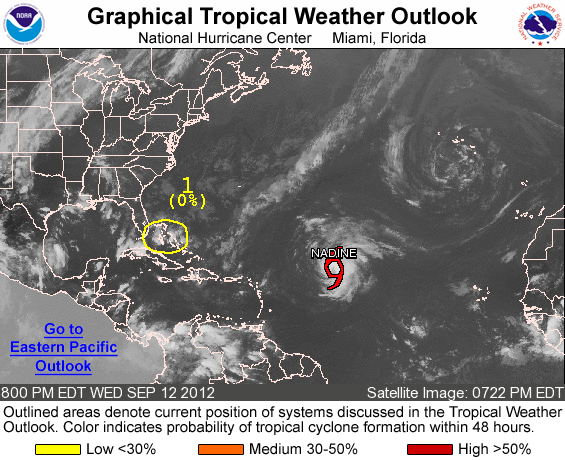
FOR THE NORTH ATLANTIC...CARIBBEAN SEA AND THE GULF OF MEXICO...

THE NATIONAL HURRICANE CENTER IS ISSUING ADVISORIES ON TROPICAL STORM NADINE...LOCATED ABOUT 875 MILES EAST-NORTHEAST OF THE LESSER ANTILLES.

1. A SURFACE TROUGH OF LOW PRESSURE IS PRODUCING AN ELONGATED AREA OF DISTURBED WEATHER ACROSS THE CENTRAL AND NORTHWESTERN BAHAMAS... AND ADJACENT ATLANTIC WATERS...AND THE FLORIDA STRAITS. UPPER-LEVEL WINDS ARE NOT EXPECTED TO BE CONDUCIVE FOR ANY SIGNIFICANT DEVELOPMENT TO OCCUR FOR THE NEXT FEW DAYS. HOWEVER...THIS DISTURBANCE IS EXPECTED TO PRODUCE BRIEF PERIODS OF LOCALLY HEAVY RAINFALL AND GUSTY WINDS ACROSS THE CENTRAL AND NORTHWESTERN BAHAMAS...THE SOUTHERN FLORIDA PENINSULA...AND THE FLORIDA KEYS TONIGHT AND THURSDAY. THIS SYSTEM HAS A LOW CHANCE...NEAR 0 PERCENT...OF BECOMING A TROPICAL CYCLONE DURING THE NEXT 48 HOURS AS IT MOVES WESTWARD AT ABOUT 10 TO 15 MPH.

ELSEWHERE...TROPICAL CYCLONE FORMATION IS NOT EXPECTED DURING THE NEXT 48 HOURS.

FORECASTER STEWART